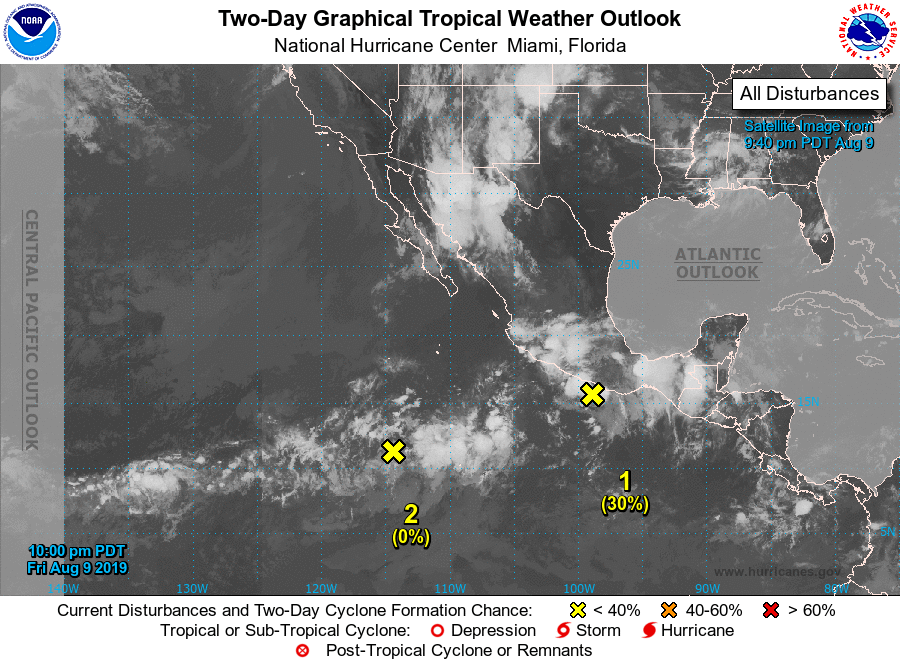
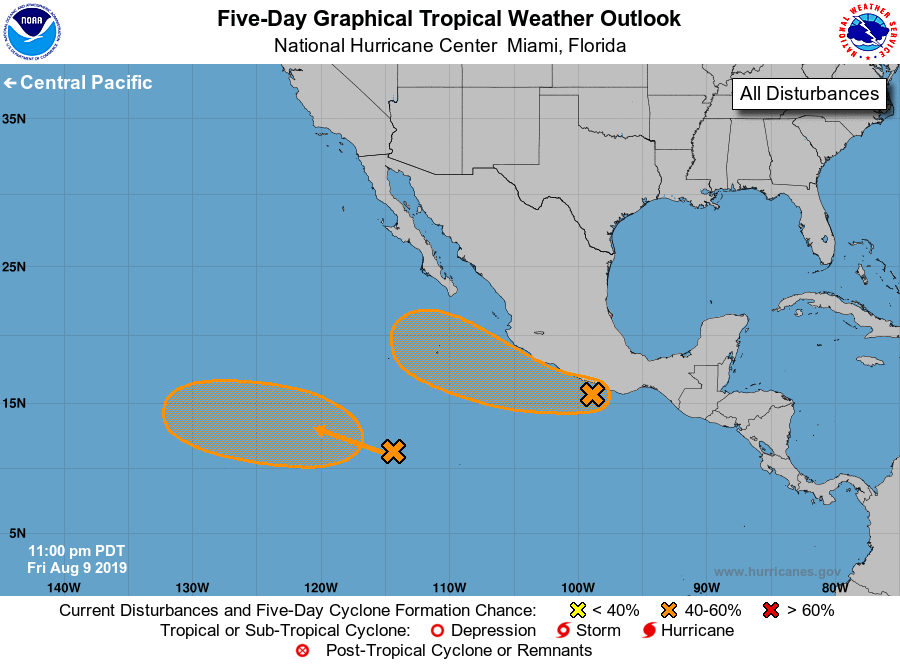
For the eastern North Pacific...east of 140 degrees west longitude:

1. An area of disturbed weather associated with a small low pressure system is located about 100 miles southeast of Acapulco, Mexico. This disturbance remains disorganized and the thunderstorm activity is limited at this time. However, environmental conditions could still favor some gradual development during the next couple of days while the system moves west-northwestward just off the southwestern coast of Mexico. After that time, conditions are forecast to become unfavorable for tropical cyclone formation. Regardless of development, the disturbance will likely bring locally heavy rainfall along portions of the southwestern coast of Mexico during the next couple of days.
* Formation chance through 48 hours...low...30 percent.
* Formation chance through 5 days...medium...40 percent.

2. A tropical wave located a little less than 1000 miles south- southwest of the Baja California peninsula is producing an area of disorganized showers and thunderstorms. Environmental conditions are expected to become more conducive for tropical cyclone formation early next week while the system moves westward or west- northwestward at 10 to 15 mph.
* Formation chance through 48 hours...low...near 0 percent.
* Formation chance through 5 days...medium...50 percent.

Forecaster Avila